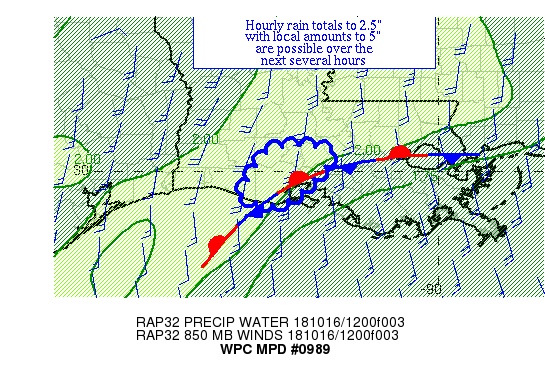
Areas affected...Portions of Acadiana in LA

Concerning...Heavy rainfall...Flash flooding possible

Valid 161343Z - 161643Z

Summary...Convection continues to fester near an area where 3-7"
of rain fell overnight.  Hourly rain totals to 2.5" with an
additional local 5" is possible over the next several hours.

Discussion...A stationary front has been the focus for persistent
thunderstorm activity which was previously part of a band but has
now degenerated into an organized cluster over Vermilion Parish.
Inflow at 850 hPa is convergent out of the south at 20-30 kts per
VAD wind profiles, with effective bulk shear of similar magnitude.
 Precipitable water values of 2-2.25" lie here per recent GPS
data.  Broad divergence is seen over the region east of shortwaves
across central TX and near the TX/OK border.

The mesoscale guidance has not been handling this activity well,
though it generally has gotten the idea of convection with heavy
rainfall becoming smaller in scale.  While RAP guidance indicates
a loss of low-level inflow in the near future, GFS guidance
indicates that effective bulk shear of 20-30 kts should be
available to help organize storms in this area.  ML CAPE values
are expected to increase due to daytime heating southeast of the
boundary, which should continue to allow it to be an effective
focus for organized convection.  A slight amount of backing to the
low level flow might shift the boundary a little more westward
with time.  The parameters suggest that hourly rain totals to 2.5"
and local amounts to 5" remain possible for another several hours.
 As soil conditions should be saturated, either due to recent
rains or in wetlands within this area, flash flooding is a concern
primarily within urbanized areas.